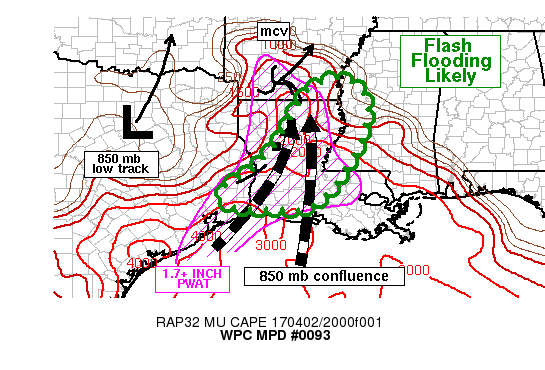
AREAS AFFECTED...SERN LA INTO NERN LA/SWRN AR/WRN MS

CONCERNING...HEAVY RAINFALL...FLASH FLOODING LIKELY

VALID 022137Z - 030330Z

SUMMARY...FLASH FLOODING...SOME POTENTIALLY SIGNIFICANT...IS
EXPECTED IN A SW TO NE AXIS...EXTENDING FROM SERN TX...THROUGH
CNTRL LA INTO WRN MS/SERN AR. TRAINING OF HEAVY RAIN WITH 3-HRLY
RATES OF 3-5 INCHES WILL BE POSSIBLE.

DISCUSSION...RECENT RADAR TRENDS THROUGH 21Z HAVE SHOWN THE
SLOWING OF A SW TO NE ORIENTED AXIS OF HEAVY RAIN OVER SERN TX
WITH DUAL-POL ESTIMATED RAINFALL RATES OVER 2 IN/HR. WHILE A BROAD
AREA OF PRECIPITABLE WATER...PWAT...VALUES GREATER THAN 1.7 INCHES
EXTENDING ACROSS THE UPPER TX COAST INTO MUCH OF LA AND SRN
AR...19Z GPS PWAT VALUES WERE 1.8 TO 1.9 INCHES FROM LCH TO ESF
AHEAD OF THE TRAINING AXIS IN TX. OTHER AXES OF HEAVY RAIN
DEPICTED ON RADAR WERE ALIGNED WELL WITH 850 MB
STREAMLINES...CONVERGING ACROSS CNTRL TO NRN LA.

AS AN 850 MB LOW OBSERVED VIA VAD WIND PLOTS OVER N-CNTRL TX AND
AN MCV OVER SRN AR TRACK NNEWD OVER THE NEXT 3-6 HOURS...THE NRN
PORTION OF A BOWING SQUALL LINE ACROSS THE LA/AR BORDER SHOULD
CONTINUE TO PROGRESS TOWARD THE EAST. HOWEVER...THE SRN FLANK IS
EXPECTED TO STALL OR ONLY SLOWLY PROPAGATE EWD INTO LA OVER THE
NEXT SEVERAL HOURS. INCREASING UPPER DIFFLUENCE ACROSS LA AHEAD OF
AN APPROACHING UPPER LOW LOCATED OVER WRN TX SHOULD SUPPORT ONE OR
TWO AXES OF VERY HEAVY...TRAINING RAINFALL ANYWHERE FROM SERN TX
THROUGH CNTRL LA REACHING SERN AR AND WRN MS. THE POTENTIAL FOR
3-5 INCHES OF RAIN IN 3 HRS WILL MAKE FLASH FLOODING LIKELY WITHIN
THE MPD THREAT AREA.

WHILE MOST OF THE HI-RES GUIDANCE HAS BEEN TOO SLOW WITH THE
PROPAGATION OF THE ONGOING SQUALL LINE...MANUALLY ADJUSTED OUTPUT
FROM THE 12Z NSSL WRF AND RECENT RUNS OF THE HRRR SHOW A
CONSISTENT SIGNAL FOR SIGNIFICANT ADDITIONAL RAINFALL WITH TOTALS
POSSIBLY EXCEEDING 7 INCHES IN ONE OR TOW LOCATIONS BY 04Z.